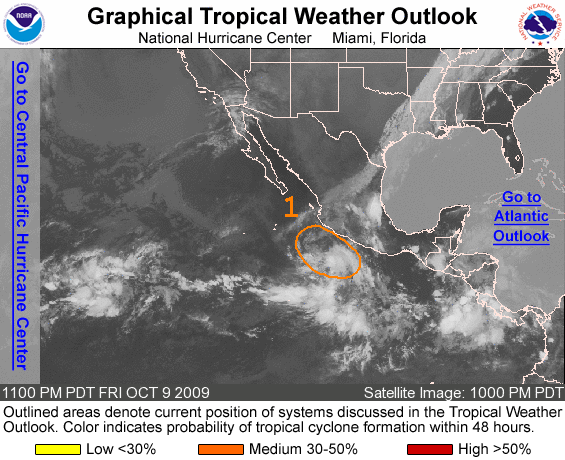
FOR THE EASTERN NORTH PACIFIC...EAST OF 140 DEGREES WEST LONGITUDE..

1. SHOWERS AND THUNDERSTORMS ASSOCIATED WITH A BROAD AREA OF LOW PRESSURE LOCATED ABOUT 130 MILES SOUTH-SOUTHWEST OF MANZANILLO MEXICO ARE DISORGANIZED. HOWEVER...ENVIRONMENTAL CONDITIONS APPEAR FAVORABLE FOR FURTHER DEVELOPMENT AND A TROPICAL DEPRESSION COULD FORM DURING THE NEXT COUPLE OF DAYS. THERE IS A MEDIUM CHANCE...30 TO 50 PERCENT...OF THIS SYSTEM BECOMING A TROPICAL CYCLONE DURING THE NEXT 48 HOURS AS IT REMAINS NEARLY STATIONARY OR DRIFTS NORTHWESTWARD. REGARDLESS OF DEVELOPMENT...LOCALLY HEAVY RAINFALL COULD AFFECT PORTIONS OF THE SOUTHWESTERN COAST OF MEXICO DURING THE NEXT COUPLE OF DAYS.

ELSEWHERE...TROPICAL CYCLONE FORMATION IS NOT EXPECTED DURING THE NEXT 48 HOURS.

FORECASTER CANGIALOSI/BEVEN